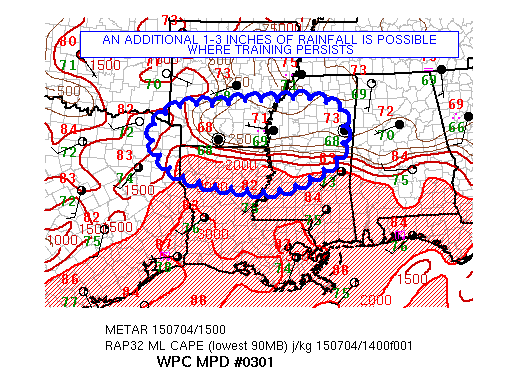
AREAS AFFECTED...FAR NORTHEAST TX...SOUTHERN AR...NORTHERN
LA...NORTH CENTRAL MS

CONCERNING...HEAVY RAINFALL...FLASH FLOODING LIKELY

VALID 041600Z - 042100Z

SUMMARY...CONVECTION TRAINING OVER PORTIONS OF SOUTHERNMOST
AR...NORTHERN LA AND NORTH CENTRAL MS WILL LEAD TO ADDITIONAL
FLASH FLOODING.

DISCUSSION...THE LINE OF TRAINING CONVECTION HAS SAGGED
SOUTHWARD...AS NEW CONVECTION FORMS ON THE OUTFLOW BOUNDARIES
MOVING SOUTH...CLOSE TO THE INSTABILITY AXIS. AS A SHORT WAVE
SLOWLY CROSSES THE LOWER AND MID MS VALLEY...THE SYNOPTIC SCALE
ASCENT SHOULD ALLOW CONVECTION TO DEVELOP ALONG THE OUTFLOW
BOUNDARIES THROUGH THE EARLY AFTERNOON HOURS.

AS THE LINE DROPS SOUTH...IT STARTS LOSING ITS CONNECTION TO THE
DEEP MOISTURE SOURCE TO THE NORTH (WHERE A 2.00 INCH PRECIPITABLE
WATER AXIS LIES). THIS SHOULD ALLOW THE CONVECTION TO SLOWLY
WEAKEN AS IT MOVES EAST...AND THIS IS INDICATED BY MOST OF THE
AVAILABLE HIGH RESOLUTION GUIDANCE. IN FACT...SLOWLY WARMING TOPS
ON THE IR LOOP SUGGESTS THIS WEAKENING IS BEGINNING TO OCCUR.

ALMOST ALL OF THE AVAILABLE HIGH RESOLUTION GUIDANCE (INCLUDING
THE LATEST HRRR AND RAP) ARE TOO FAR NORTH WITH THE LINE OF
CONVECTION...KEEPING THE BULK OF THE ACTIVITY ACROSS SOUTHERN AR
INTO NORTHERN MS. WHILE CONVECTION COULD FORM IN THE TONGUE OF
INSTABILITY AHEAD OF THE SHORT WAVE OVER EASTERN OK INTO CENTRAL
AR...THE BEST INSTABILITY SHOULD RESIDE FURTHER SOUTH...CLOSEST TO
THE INSTABILITY AXIS.

AN ADDITIONAL 1 TO 3 INCHES OF RAINFALL IS POSSIBLE WITH THE
CONVECTION AS IT SLOWLY WEAKENS...WITH THE HIGHEST AMOUNTS
EXPECTED FROM SOUTHWEST AR INTO NORTHERN LA.